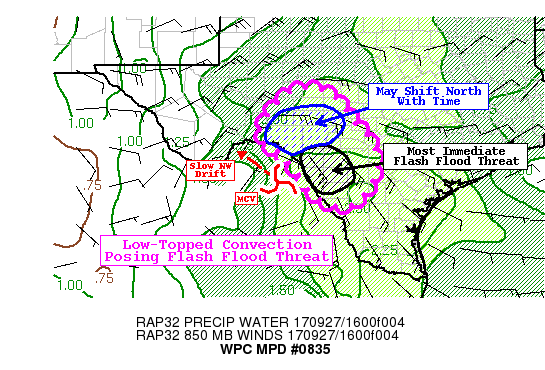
AREAS AFFECTED...SOUTH-CENTRAL AND CENTRAL TEXAS

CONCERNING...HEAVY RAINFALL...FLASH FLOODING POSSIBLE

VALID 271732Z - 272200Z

SUMMARY...HEAVY RAIN BANDS ARE LIKELY TO PERSIST TO THE EAST OF A
MID-LEVEL CIRCULATION AND BOTH MAY SHIFT SLOWLY NORTHWEST WITH
TIME THIS AFTERNOON. RAIN RATES UP TO 2-3 IN/HR MAY LEAD TO AREAS
OF FLASH FLOODING.

DISCUSSION...A MESOSCALE CONVECTIVE VORTEX (MCV) CONTINUED TO SHOW
A SLOW DRIFT TO THE NORTHWEST TODAY...WITH A WELL-ESTABLISHED
PLUME OF DEEP TROPICAL MOISTURE IMMEDIATELY TO THE EAST. CIRA
LAYER PW PRODUCTS SHOW THE POCKET OF HIGHER MOISTURE EXTENDS WELL
UP IN TO THE 500-300MB LAYER...AND TOTAL PRECIPITABLE WATER VALUES
LIKELY EXCEED 2 INCHES OVER THE ENTIRE DISCUSSION AREA. THE COLDER
CLOUD TOPS EVIDENT ON IR SATELLITE IMAGERY EARLIER THIS MORNING
HAVE SINCE ERODED...AND MOST OF THE CLOUD TOPS IN THE VICINITY OF
ONGOING HEAVY RAIN BANDS ARE NOW WARMER THAN -30C. THE PERSISTENCE
OF HIGHER LOW-LEVEL REFLECTIVITY ON RADAR COINCIDING WITH THE LOSS
OF MID-UPPER LEVEL CLOUDS IN ICE GROWTH LAYERS MAY PORTEND A SHIFT
TO MORE DOMINANT WARM RAIN PROCESSES AND A SLIGHT UPTICK IN RAIN
RATES.

DURING THE MORNING HOURS...THE HEAVIEST RAINFALL HAS BEEN FOCUSED
OVER PORTIONS OF KINNEY...UVALDE...AND ZAVALA COUNTIES...AND FLOOD
REPORTS FROM THESE AREAS HAVE BEGUN TO TRICKLE IN AS OF 17Z. KDFX
RADAR CONTINUES TO SHOW NEW SHALLOW UPDRAFT GROWTH TO THE SOUTH
AND SOUTHEAST OF ONGOING HEAVY RAIN BANDS...AND THESE RAIN BANDS
ALIGN WITH THE LOW-MID LEVEL MEAN FLOW. ALL THAT SUGGESTS THE
THREAT OF CONTINUED TRAINING OF RAIN BANDS AND THE POSSIBILITY OF
EXACERBATING EXISTING FLOODING. RAIN RATES UP TO 2-3 IN/HR APPEAR
LIKELY IN THE HEAVIER AND MORE PERSISTENT RAIN BANDS.

AS THE MCV...AND THE ASSOCIATED CHANNEL OF LOW-MID LEVEL MOISTURE
TRANSPORT TO ITS EAST...CONTINUE TO DRIFT NORTHWEST THIS AFTERNOON
THE THREAT FOR HEAVY RAIN MAY AS WELL. THUS FAR TODAY...THESE
AREAS IN THE EDWARDS PLATEAU HAVE RECEIVED STEADIER MODERATE
RAIN...BUT THIS MAY PRIME THE AREA FOR FLASH FLOODING LATER IF THE
HIGHER RAIN RATES CAN PUSH INTO THE AREA.